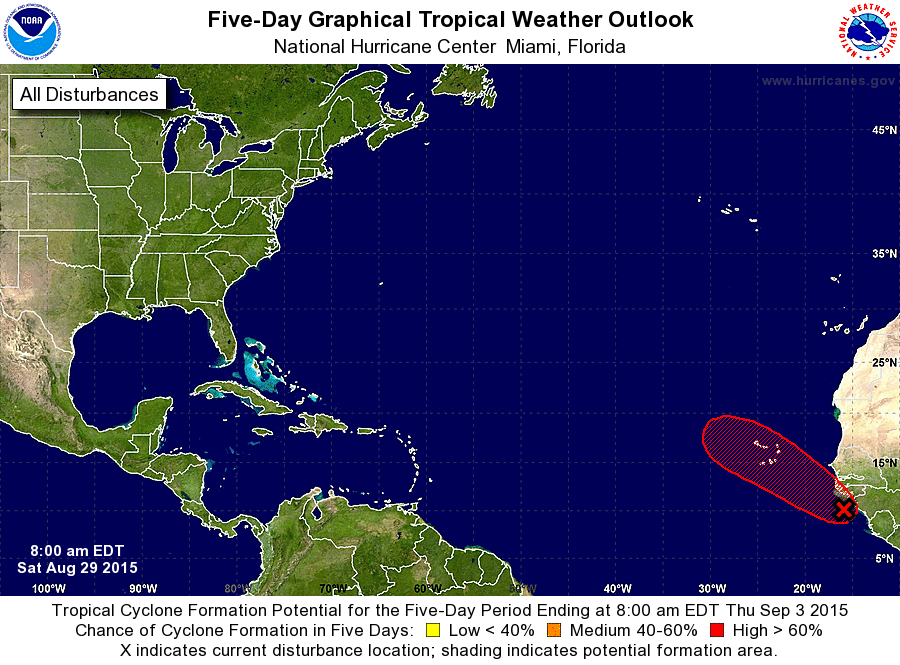
For the North Atlantic...Caribbean Sea and the Gulf of Mexico:

The National Hurricane Center is issuing advisories on Tropical Storm Erika, located near eastern Cuba.

1. Showers and thunderstorms are gradually becoming better organized near a low pressure area located just off the coast of Africa about 150 miles west of Conakry, Guinea. Environmental conditions are expected to be conducive for development during the next few days, and a tropical depression could form while the system moves northwestward and then west-northwestward toward the Cape Verde Islands at 10 to 15 mph.
* Formation chance through 48 hours...medium...50 percent
* Formation chance through 5 days...high...70 percent

Forecaster Berg